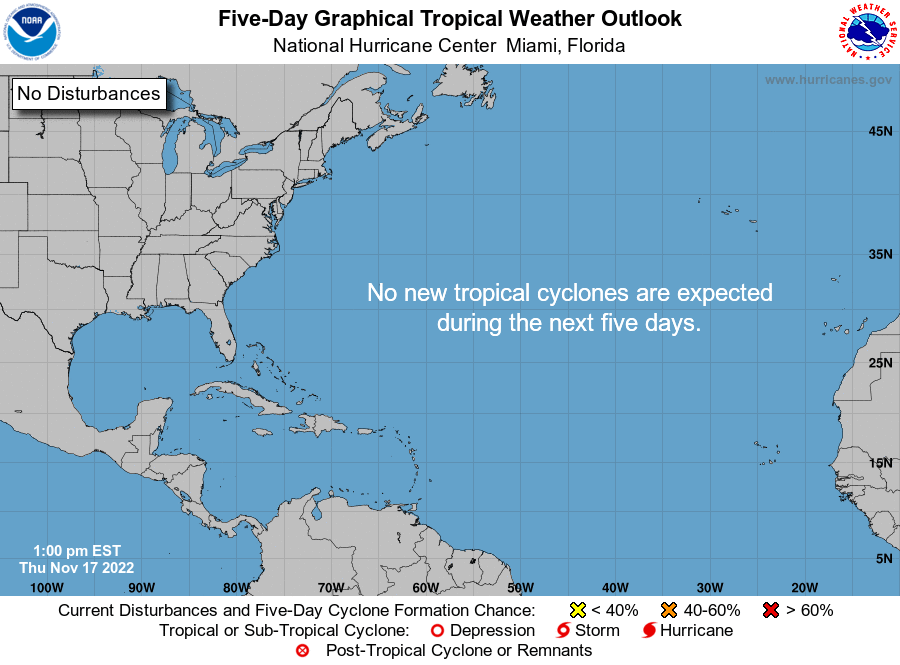
For the North Atlantic...Caribbean Sea and the Gulf of Mexico:

Tropical cyclone formation is not expected during the next 5 days.

Forecaster Berg